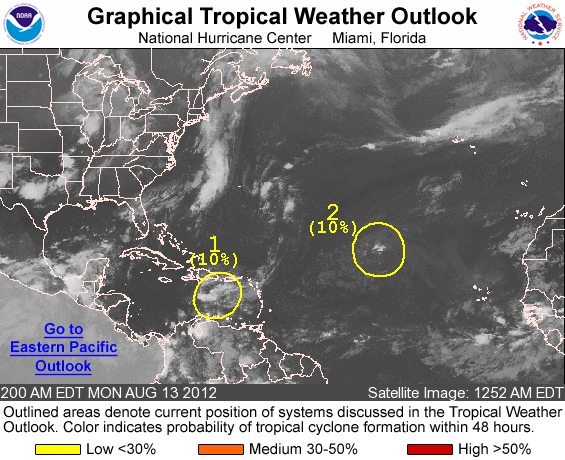
FOR THE NORTH ATLANTIC...CARIBBEAN SEA AND THE GULF OF MEXICO...

1. A TROPICAL WAVE...THE REMNANTS OF TROPICAL DEPRESSION SEVEN... MOVING OVER THE CENTRAL CARIBBEAN SEA IS PRODUCING DISORGANIZED SHOWERS AND THUNDERSTORMS EXTENDING FROM THE CENTRAL CARIBBEAN NORTHWARD AND NORTHEASTWARD TO HISPANIOLA AND PUERTO RICO. ENVIRONMENTAL CONDITIONS ARE NOT EXPECTED TO BE CONDUCIVE FOR REGENERATION...AND THIS SYSTEM HAS A LOW CHANCE...10 PERCENT...OF BECOMING A TROPICAL CYCLONE AGAIN DURING THE NEXT 48 HOURS AS IT MOVES WESTWARD NEAR 20 MPH.

2. SHOWER ACTIVITY REMAINS LIMITED IN ASSOCIATION WITH A BROAD AREA OF LOW PRESSURE LOCATED ABOUT 1100 MILES WEST-NORTHWEST OF THE CAPE VERDE ISLANDS. ANY DEVELOPMENT OF THIS SYSTEM IS EXPECTED TO BE SLOW TO OCCUR DURING THE NEXT COUPLE OF DAYS...ALTHOUGH ENVIRONMENTAL CONDITIONS COULD BECOME MORE CONDUCIVE AFTER THAT TIME. THIS SYSTEM HAS A LOW CHANCE...10 PERCENT...OF BECOMING A TROPICAL CYCLONE DURING THE NEXT 48 HOURS AS IT MOVES WEST-NORTHWESTWARD AT AROUND 20 MPH.

ELSEWHERE...TROPICAL CYCLONE FORMATION IS NOT EXPECTED DURING THE NEXT 48 HOURS.

FORECASTER PASCH